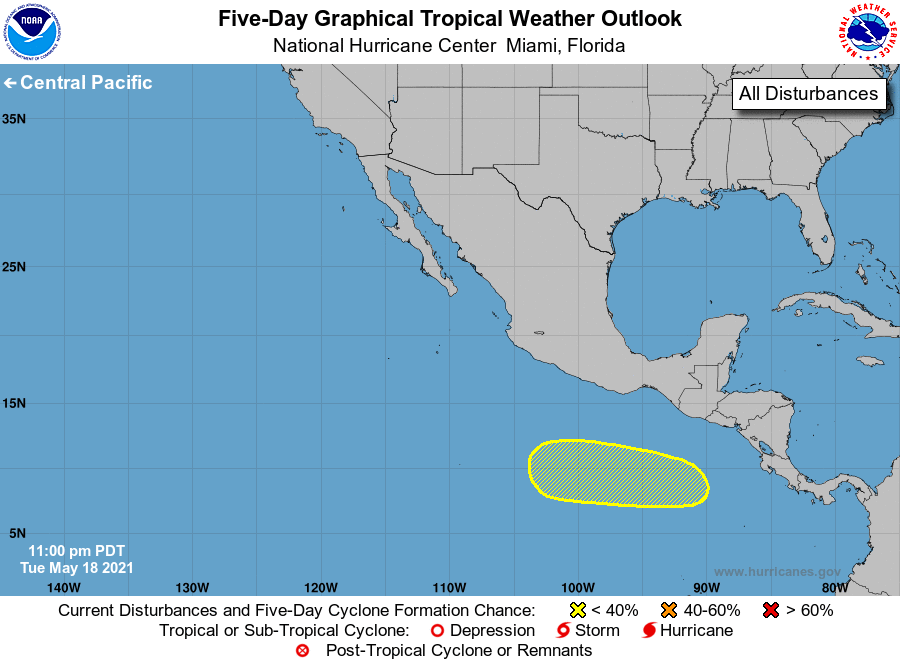
For the eastern North Pacific...east of 140 degrees west longitude:

1. A low pressure system could form during the next day or so a few hundred hundred miles south of Guatemala and the Gulf of Tehuantepec. Thereafter, some slow development will be possible while the system moves westward at 5 to 10 mph.
* Formation chance through 48 hours...low...10 percent.
* Formation chance through 5 days...low...30 percent.

Forecaster Stewart